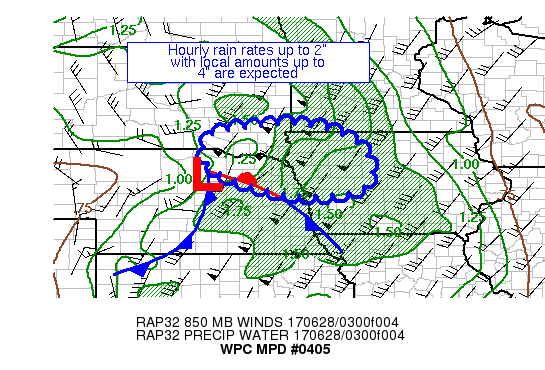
AREAS AFFECTED...SOUTHEAST SD, NORTHWEST IA, & NORTHEAST NE

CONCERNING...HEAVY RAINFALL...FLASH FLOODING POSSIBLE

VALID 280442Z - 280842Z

SUMMARY...THUNDERSTORMS ARE SHOWING TRAINING CHARACTERISTICS IN
SOUTHEAST SD.  HOURLY RAIN RATES TO 2" WITH LOCAL AMOUNTS TO 4"
ARE POSSIBLE.

DISCUSSION...SURFACE OBSERVATIONS AT 04Z REVEAL A MESOSCALE WAVE
ACROSS NORTH-CENTRAL NE.  ELEVATED TO THE NORTHEAST OF THIS
ACTIVITY ARE THUNDERSTORMS WHICH ARE EXPANDING IN COVERAGE ACROSS
SOUTHEAST SD WITH CONSIDERABLY COOLING CLOUD TOPS.  INFLOW AT 850
HPA IS CONVERGENT AT 40-50 KTS, SOMEWHAT EXCEEDING THE MEAN
850-400 HPA WIND.  PRECIPITABLE WATER VALUES ARE 1.25-1.5" PER GPS
DATA.  MUCAPE VALUES IN THE REGION ARE 2000-3000 J/KG.

EXPECTATIONS ARE FOR THE TRAINING CONVECTION TO SHORTEN FROM WEST
TO EAST WITH TIME AS A OUTFLOW BOUNDARY CONTINUES MOVING INTO
EASTERN NE.  THERE IS A CHANCE THAT TRAINING CONVECTION OVER THE
NORTHEAST SIDE OF THE INSTABILITY BUBBLE COULD MOVE INTO NORTHWEST
IA OVER THE NEXT FEW HOURS. FORWARD MOTIONS TO THE EAST TO
EAST-SOUTHEAST AT 20-25 KTS ARE EXPECTED.  THE 00Z GFS COMES THE
CLOSEST TO WHAT IS ONGOING IN THIS REGION -- THE 27/00Z WRF NSSL
ALSO HAD A CLUE HERE WHILE NEWER PIECES OF MESOSCALE GUIDANCE HAVE
FAILED.  HOURLY RAIN RATES TO 2" AND LOCAL AMOUNTS TO 4" ARE
POSSIBLE.  USED A FOUR HOUR HORIZON DUE TO FORECAST UNCERTAINTY.